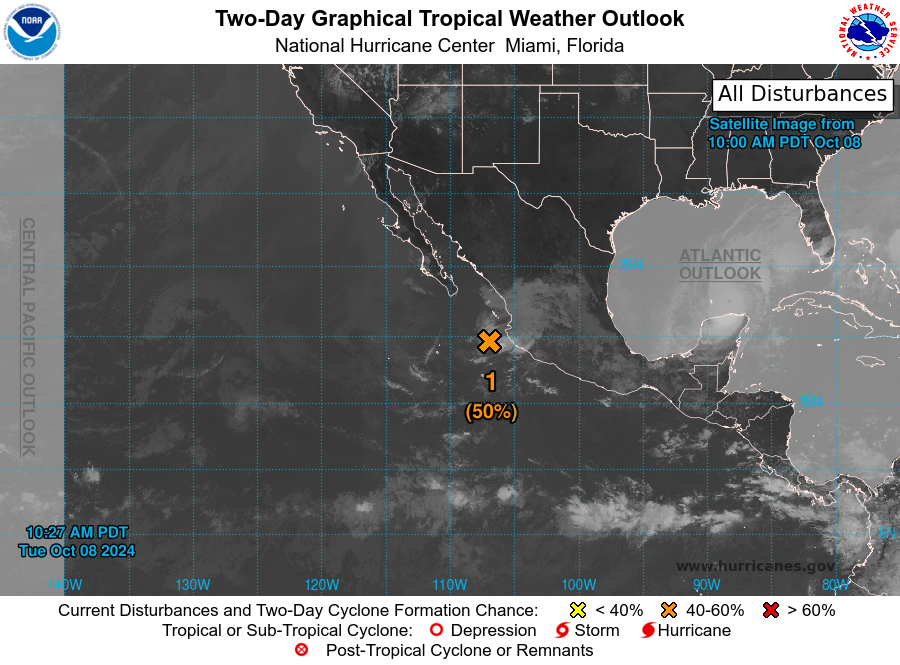
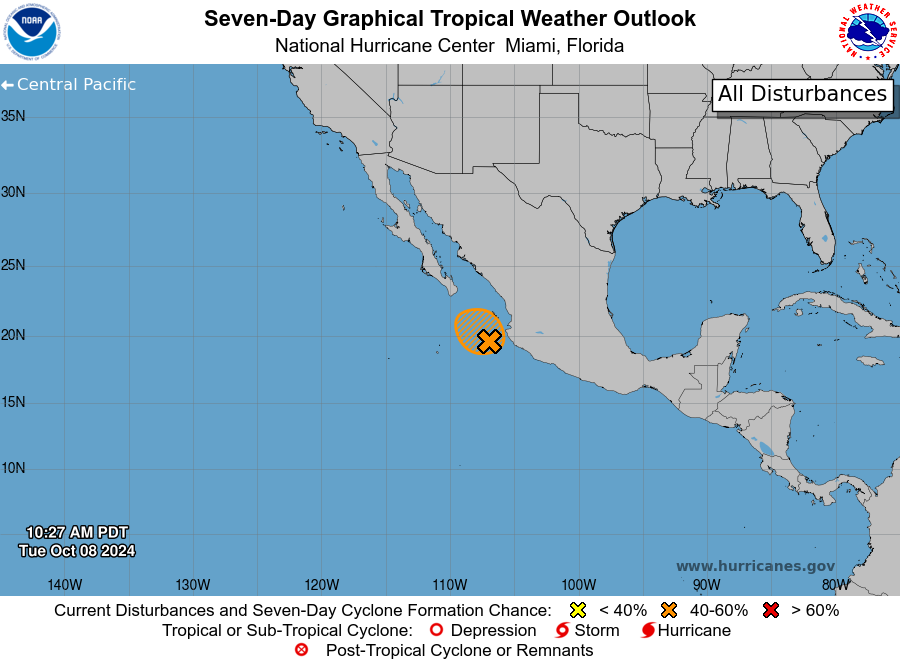
For the eastern North Pacific...east of 140 degrees west longitude:

1. Offshore of Southwestern Mexico (EP99): Showers and thunderstorms have decreased in coverage and intensity over the past several hours in association with a weak area of low pressure located about 125 miles southwest of Puerto Vallarta, Mexico. A tropical depression could still form over the next day or so as the system moves slowly north-northwestward to northwestward, roughly parallel to the coast of Mexico. By late Wednesday, upper-level winds are forecast to become unfavorable, and further development is not expected after that time. Interests along the southwestern coast of Mexico should monitor the progress of this system. Regardless of development, the disturbance could bring areas of heavy rain to portions of southwestern Mexico during the next couple of days.
* Formation chance through 48 hours...medium...50 percent.
* Formation chance through 7 days...medium...50 percent.

Forecaster Hagen